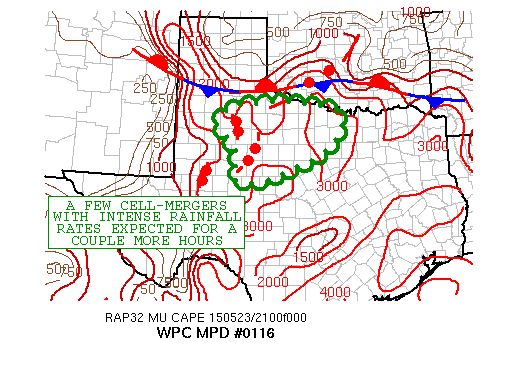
AREAS AFFECTED...WEST-CENTRAL AND NORTHERN TX

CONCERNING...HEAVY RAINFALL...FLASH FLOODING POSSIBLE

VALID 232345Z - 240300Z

SUMMARY...A FEW CELL-MERGERS ARE POSSIBLE OVER THE NEXT COUPLE OF
HOURS. INTENSE RAINFALL RATES ARE EXPECTED...AND SOME LOCALIZED
FLASH FLOODING IS POSSIBLE.

DISCUSSION...LATE DAY 1-MINUTE GOES-14 SRSO VIS IMAGERY SHOWS AN
INCREASINGLY AGITATED CU FIELD ACROSS AREAS OF CENTRAL TX OUT
AHEAD OF A COUPLE OF BOWING LINE SEGMENTS ACROSS WEST TX FROM NEAR
KMAF TO KLBB EAST TO KSNK. THE ACTIVITY WHICH IS BEING AIDED BY
STRONG DEEP LAYER ASCENT AHEAD OF AN UPPER TROUGH EJECTING ACROSS
THE FOUR CORNERS REGION WILL MOVE EAST INTO AN INCREASINGLY MOIST
AND UNSTABLE AIRMASS THAT HAS NOT BEEN WORKED OVER YET.

A FEW INTENSE DISCREET CELLS AHEAD OF THE LINE SEGMENTS ARE SEEN
DEVELOPING...AND SO OVER THERE WILL BE A THREAT OF A FEW
CELL-MERGERS OVER THE NEXT COUPLE OF HOURS AS THIS ACTIVITY MOVES
GENERALLY OFF TO THE EAST-NORTHEAST. GIVEN THE LARGE SCALE
ASCENT...THE ACTIVITY HAS SOME POTENTIAL TO ORGANIZE A BIT FURTHER
INTO A SMALL SCALE MCS WITH LOCALLY SOME POTENTIAL FOR
BACK-BUILDING.

RECENT RUNS OF THE HRRR SUGGEST THAT SOME POTENTIAL EXISTS FOR
RAINFALL AMOUNTS OF UP TO 2 TO 3 INCHES LOCALLY THROUGH MID
EVENING...AND ESPECIALLY WHERE CELL-MERGERS OR STRONGER CLUSTERS
OF CONVECTION CAN SET UP OVER THE NEXT COUPLE OF HOURS. FLASH
FLOODING WILL BE POSSIBLE WITHIN THIS ENVIRONMENT.